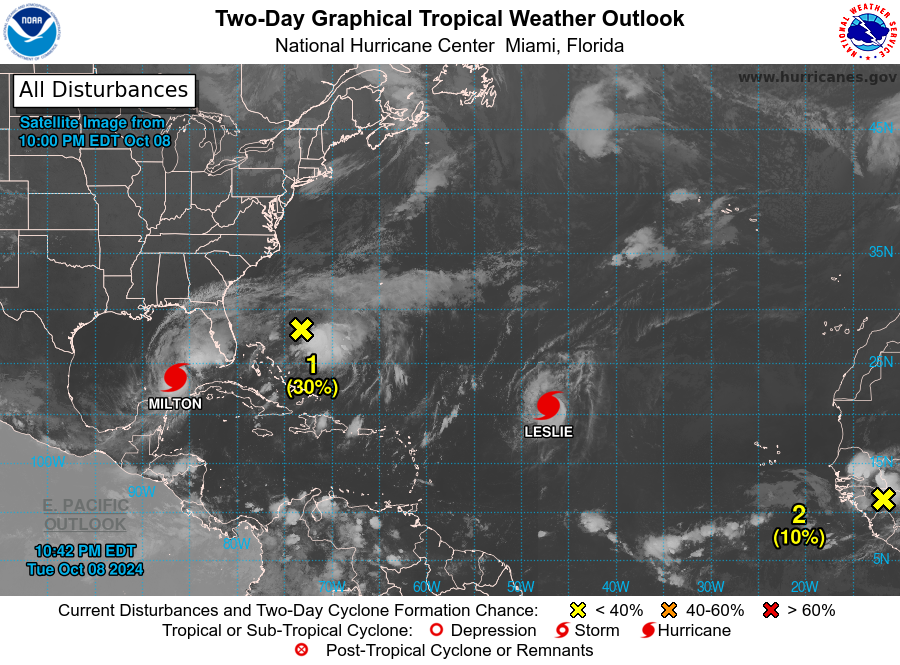
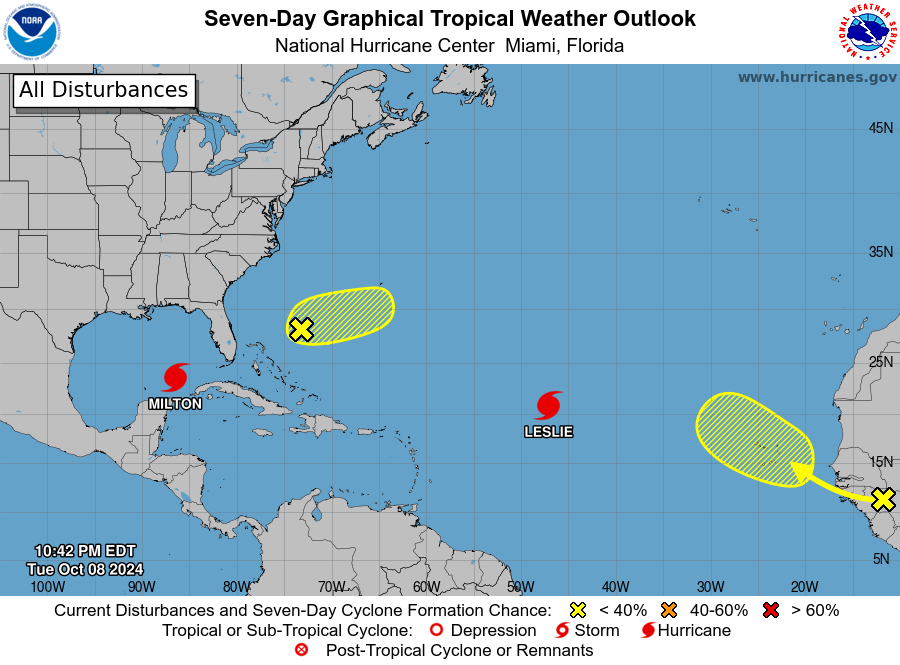
For the North Atlantic...Caribbean Sea and the Gulf of Mexico:

Active Systems: The National Hurricane Center is issuing advisories on recently upgraded Hurricane Leslie, located over the central tropical Atlantic Ocean, and on Hurricane Milton, located over the southern Gulf of Mexico.

1. Southwestern Atlantic: Last-light visible satellite imagery indicates that the area of low pressure located northeast of the northwestern Bahamas has become better defined on the northern edge of a region of showers and thunderstorms. The system is already producing gale-force winds, but environmental conditions appear only marginally favorable for additional tropical or subtropical development over the next day or so while the low moves northeastward to east-northeastward at around 15 mph. Upper-level winds are likely to increase further by Wednesday night, which should end any chances for further development. Additional information on this system, including gale warnings, can be found in High Seas Forecasts issued by the National Weather Service.
* Formation chance through 48 hours...low...30 percent.
* Formation chance through 7 days...low...30 percent.

2. Eastern Tropical Atlantic: A tropical wave is expected to move off the west coast of Africa in the next couple of days. Afterwards, environmental conditions appear only marginally favorable for some limited development of this system while it moves westward or west-northwestward across the eastern tropical Atlantic and through the Cabo Verde Islands late Thursday into Friday.
* Formation chance through 48 hours...low...10 percent.
* Formation chance through 7 days...low...20 percent.

High Seas Forecasts are issued by the National Weather Service under AWIPS header NFDHSFAT1 and WMO header FZNT01 KWBC, and online at ocean.weather.gov/shtml/NFDHSFAT1.php

Forecaster Papin